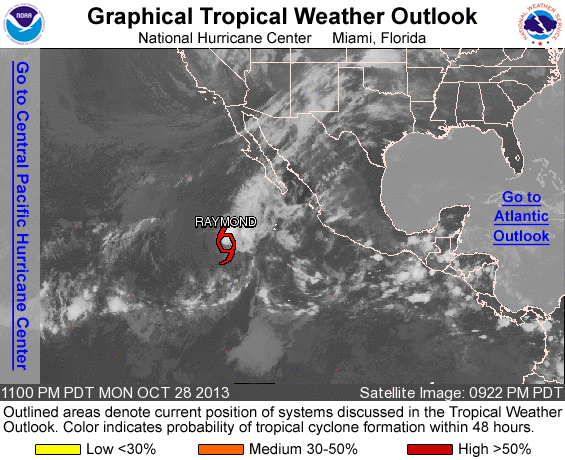
FOR THE EASTERN NORTH PACIFIC...EAST OF 140 DEGREES WEST LONGITUDE..

THE NATIONAL HURRICANE CENTER IS ISSUING ADVISORIES TROPICAL STORM RAYMOND...LOCATED SEVERAL HUNDRED MILES SOUTHWEST OF THE SOUTHERN TIP OF THE BAJA CALIFORNIA PENINSULA.

TROPICAL CYCLONE FORMATION IS NOT EXPECTED DURING THE NEXT 48 HOURS.

OTHER SYSTEMS WITH FORMATION POTENTIAL BEYOND 48 HOURS...

AN AREA OF LOW PRESSURE IS EXPECTED TO FORM SEVERAL HUNDRED MILES SOUTHWEST OF THE COAST OF MEXICO DURING THE NEXT COUPLE OF DAYS. ENVIRONMENTAL CONDITIONS ARE EXPECTED TO BE CONDUCIVE FOR GRADUAL DEVELOPMENT LATER THIS WEEK WHILE THE DISTURBANCE MOVES WEST-NORTHWESTWARD OR NORTHWESTWARD AT ABOUT 10 MPH. THIS SYSTEM HAS A LOW CHANCE...NEAR 0 PERCENT...OF BECOMING A TROPICAL CYCLONE DURING THE NEXT 48 HOURS...AND A MEDIUM CHANCE...40 PERCENT...OF BECOMING A TROPICAL CYCLONE DURING THE NEXT 5 DAYS.

&&
FIVE-DAY FORMATION PROBABILITIES ARE EXPERIMENTAL IN 2013. COMMENTS ON THE EXPERIMENTAL FORECASTS CAN BE PROVIDED AT...

HTTP://WWW.NWS.NOAA.GOV/SURVEY/NWS-SURVEY.PHP?CODE=ETWO

FORECASTER BROWN